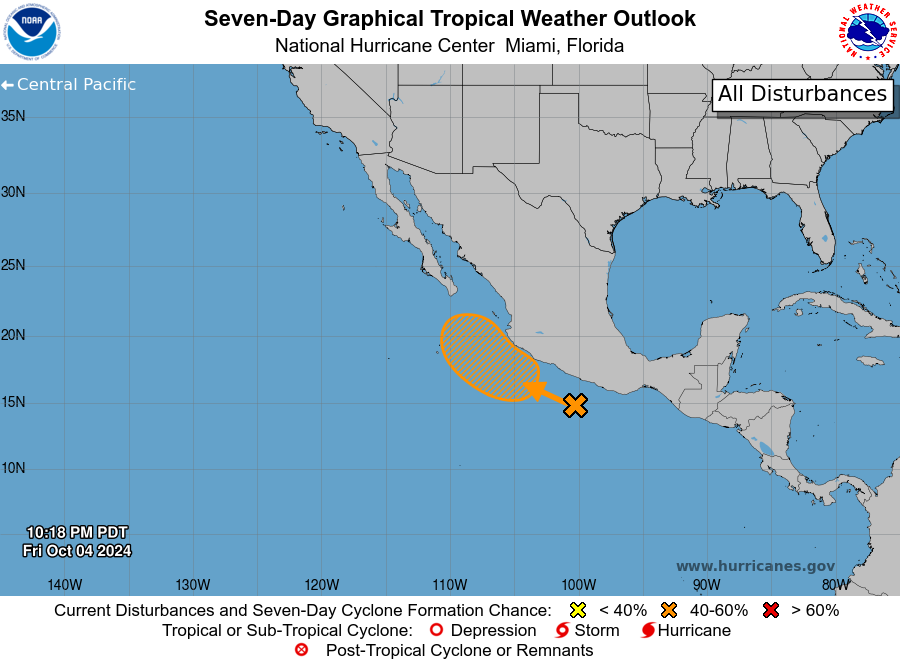
For the eastern North Pacific...east of 140 degrees west longitude:

1. Offshore of Southwestern Mexico: A trough of low pressure offshore of the coast of southwestern Mexico is producing limited shower activity. Environmental conditions appear conducive for gradual development of this system during the next several days, and a tropical depression could form by the middle of next week while the system moves slowly northwestward, roughly parallel to the coast of southwestern Mexico.
* Formation chance through 48 hours...low...near 0 percent.
* Formation chance through 7 days...medium...40 percent.

Forecaster Reinhart